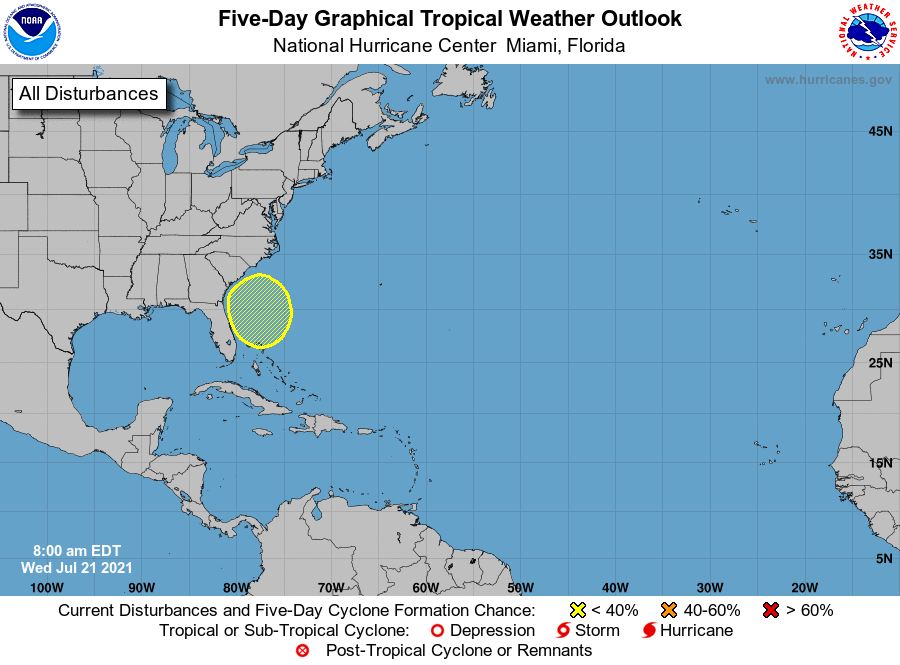
For the North Atlantic...Caribbean Sea and the Gulf of Mexico:

1. A broad trough of low pressure associated with a decaying frontal boundary is forecast to move offshore of the southeastern United States coastline by late this week. Environmental conditions are forecast to be marginally conducive for some gradual development over the weekend into early next week while the system meanders offshore of the coasts of South Carolina, Georgia, and northeastern Florida.
* Formation chance through 48 hours...low...near 0 percent.
* Formation chance through 5 days...low...20 percent.

Forecaster Papin/Beven